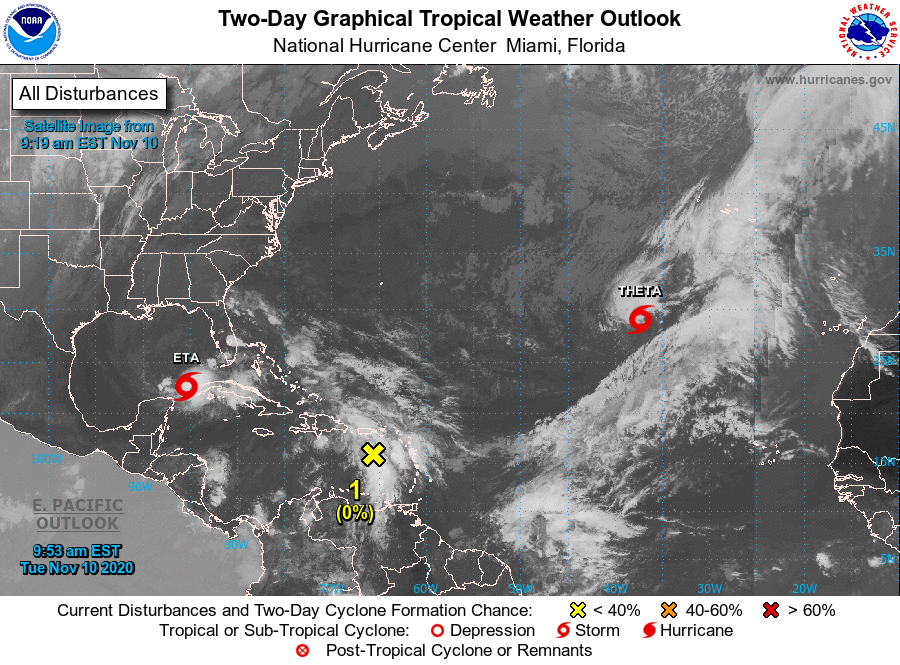
For the North Atlantic...Caribbean Sea and the Gulf of Mexico:

The National Hurricane Center is issuing advisories on Tropical Storm Eta, located over the southeastern Gulf of Mexico just offshore the coast of western Cuba, and on Subtropical Storm Theta, located over the eastern Atlantic.

1. A tropical wave located over the eastern Caribbean Sea is producing disorganized showers and thunderstorms. The wave is expected to move westward into more conducive environmental conditions over the next several days, and a tropical depression is likely to form late this week or this weekend when the wave reaches the central or western Caribbean Sea.
* Formation chance through 48 hours...low...near 0 percent.
* Formation chance through 5 days...high...70 percent.

Public Advisories on Subtropical Storm Theta are issued under WMO header WTNT35 KNHC and under AWIPS header MIATCPAT5. Forecast/Advisories on Subtropical Storm Theta are issued under WMO header WTNT25 KNHC and under AWIPS header MIATCMAT5.

Forecaster Stewart/Latto